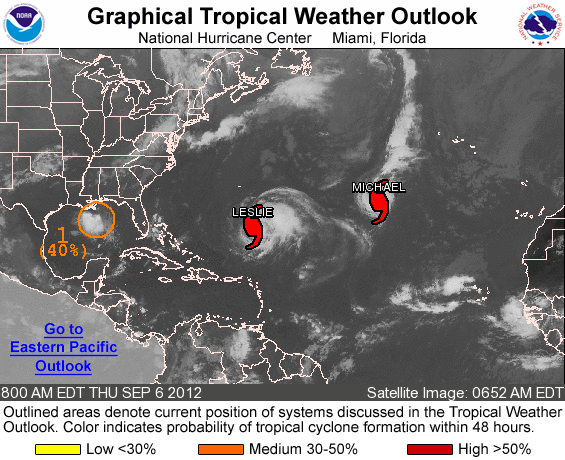
FOR THE NORTH ATLANTIC...CARIBBEAN SEA AND THE GULF OF MEXICO...

THE NATIONAL HURRICANE CENTER IS ISSUING ADVISORIES ON HURRICANE LESLIE...LOCATED ABOUT 440 MILES SOUTH-SOUTHEAST OF BERMUDA...AND ON HURRICANE MICHAEL...LOCATED ABOUT 1020 MILES WEST-SOUTHWEST OF THE AZORES.

1. SHOWER ACTIVITY ASSOCIATED WITH A BROAD AREA OF LOW PRESSURE LOCATED OVER THE NORTH-CENTRAL GULF OF MEXICO HAS NOT BECOME ANY BETTER ORGANIZED SINCE YESTERDAY...AND IF THIS TREND CONTINUES...THE RECONNAISSANCE MISSION SCHEDULED FOR LATER TODAY WILL BE CANCELLED. THIS WEATHER SYSTEM IS DRIFTING SOUTHWARD AND STILL HAS THE POTENTIAL FOR SOME DEVELOPMENT DURING THE NEXT DAY OR SO BEFORE ENVIRONMENTAL CONDITIONS BECOME UNFAVORABLE. THIS SYSTEM HAS A MEDIUM CHANCE...40 PERCENT...OF BECOMING A TROPICAL CYCLONE DURING THE NEXT 48 HOURS.

ELSEWHERE...TROPICAL CYCLONE FORMATION IS NOT EXPECTED DURING THE NEXT 48 HOURS.

FORECASTER AVILA